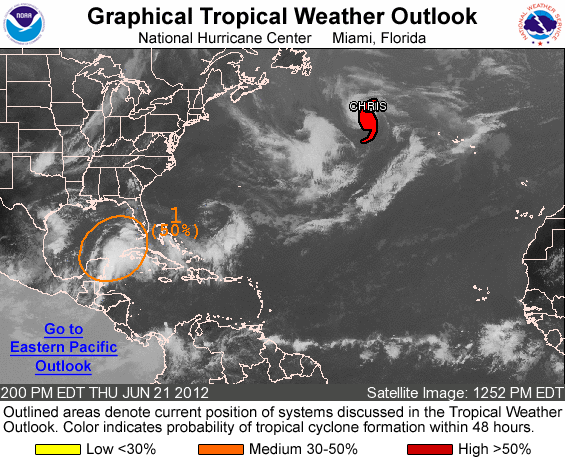
FOR THE NORTH ATLANTIC...CARIBBEAN SEA AND THE GULF OF MEXICO...

THE NATIONAL HURRICANE CENTER IS ISSUING ADVISORIES ON HURRICANE CHRIS...LOCATED ABOUT 625 MILES SOUTHEAST OF CAPE RACE NEWFOUNDLAND.

1. A BROAD AREA OF LOW PRESSURE CENTERED NEAR THE NORTHERN COAST OF THE YUCATAN PENINSULA IS PRODUCING A LARGE AREA OF SHOWERS AND THUNDERSTORMS EXTENDING FROM THE YUCATAN PENINSULA NORTHEASTWARD ACROSS WESTERN CUBA TO SOUTHERN FLORIDA. UPPER-LEVEL WINDS ARE FORECAST TO BECOME MORE CONDUCIVE FOR DEVELOPMENT DURING THE NEXT DAY OR SO AS THIS DISTURBANCE MOVES SLOWLY NORTHWARD INTO THE CENTRAL GULF OF MEXICO. THIS SYSTEM HAS A MEDIUM CHANCE...50 PERCENT...OF BECOMING A TROPICAL CYCLONE DURING THE NEXT 48 HOURS. BEYOND THAT TIME...CONDITIONS ARE EXPECTED TO REMAIN FAVORABLE FOR DEVELOPMENT...AND INTERESTS ALONG THE ENTIRE UNITED STATES GULF COAST SHOULD MONITOR THE PROGRESS OF THIS DISTURBANCE THROUGH THE WEEKEND. HEAVY RAINS AND LOCALIZED FLOODING ARE POSSIBLE ACROSS THE YUCATAN PENINSULA...WESTERN CUBA...AND SOUTHERN FLORIDA THROUGH SATURDAY.

ELSEWHERE...TROPICAL CYCLONE FORMATION IS NOT EXPECTED DURING THE NEXT 48 HOURS.

FORECASTER BROWN